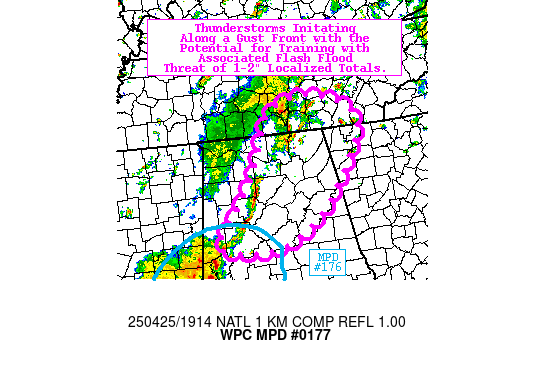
Areas affected...portions of northern AL and southern Middle TN

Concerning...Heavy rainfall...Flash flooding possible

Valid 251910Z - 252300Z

Summary...Thunderstorms initiating along a gust front with the
potential for training with associated flash flood threat of 1-2"
localized totals.

Discussion...A gust front from earlier cells this morning has
begun to initiate new convection, along a line from just west of
Birmingham to Huntsville. The mesoscale environment along and out
ahead of this line is characterized by ML CAPE 500-1000 J/kg,
PWATs of 1.3-1.6 inches (near or above the 90th percentile, per
BMX sounding climatology), and effective bulk shear of 15-20 kts.
Hourly rainfall estimates (per MRMS) are already approaching an
inch, and the 850-300 mb mean flow is nearly parallel to the line
of developing storms. In addition, upwind propagation vectors
suggest only limited forward propagation towards the east, which
may increase residence time of training storms.

Latest HRRR runs seem to be initializing the position of the gust
front fairly well, and indicate 1-2" localized totals (through
23z) along an apparent training axis. The 12z HREF suggests
somewhat higher totals are possible, indicating 20-30% chances for
localized 2" exceedance (per 40-km neighborhood exceedance
probabilities). Lastly, the experimental RRFS and REFS depict
similar solutions as well (with 2" exceedance probabilities from
the 06z REFS also being 20-30%).

Rainfall totals over the past 3 days across the region generally
range from 1-3", and NASA SPoRT-LIS 0-1 m soil moisture indicates
values above the 90th percentile for much of the area. These wet
antecedent soil conditions suggest that localized instances of
flash flooding are possible along this axis of storms.